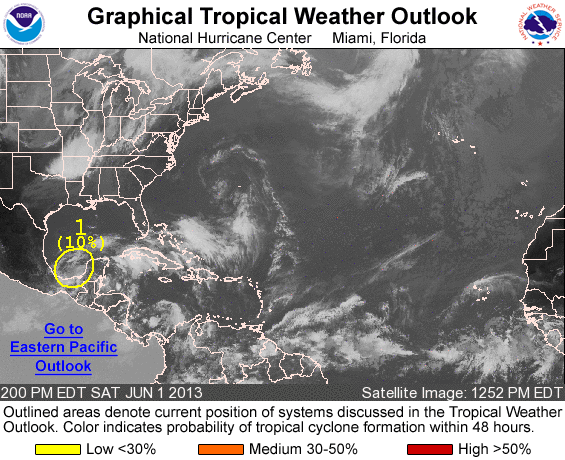
FOR THE NORTH ATLANTIC...CARIBBEAN SEA AND THE GULF OF MEXICO...

1. SHOWERS AND THUNDERSTORMS ASSOCIATED WITH A WEAK AREA OF LOW PRESSURE OVER THE BAY OF CAMPECHE ARE POORLY ORGANIZED. DEVELOPMENT...IF ANY...SHOULD BE SLOW TO OCCUR DUE TO UNFAVORABLE UPPER-LEVEL WINDS AND PROXIMITY TO LAND. THIS SYSTEM HAS A LOW CHANCE...10 PERCENT...OF BECOMING A TROPICAL CYCLONE DURING THE NEXT 48 HOURS.

ELSEWHERE...TROPICAL CYCLONE FORMATION IS NOT EXPECTED DURING THE NEXT 48 HOURS.

FORECASTER AVILA